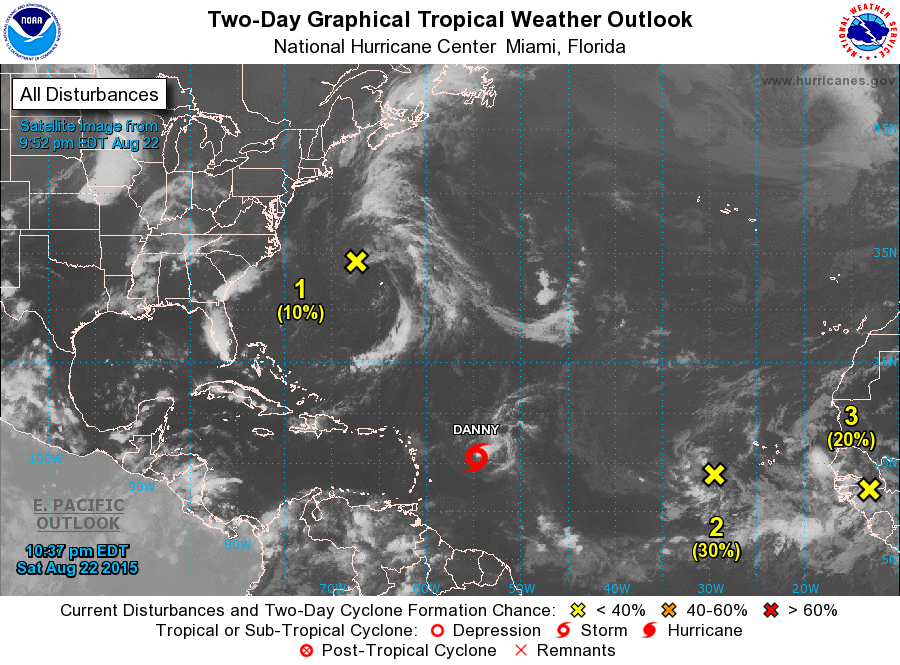
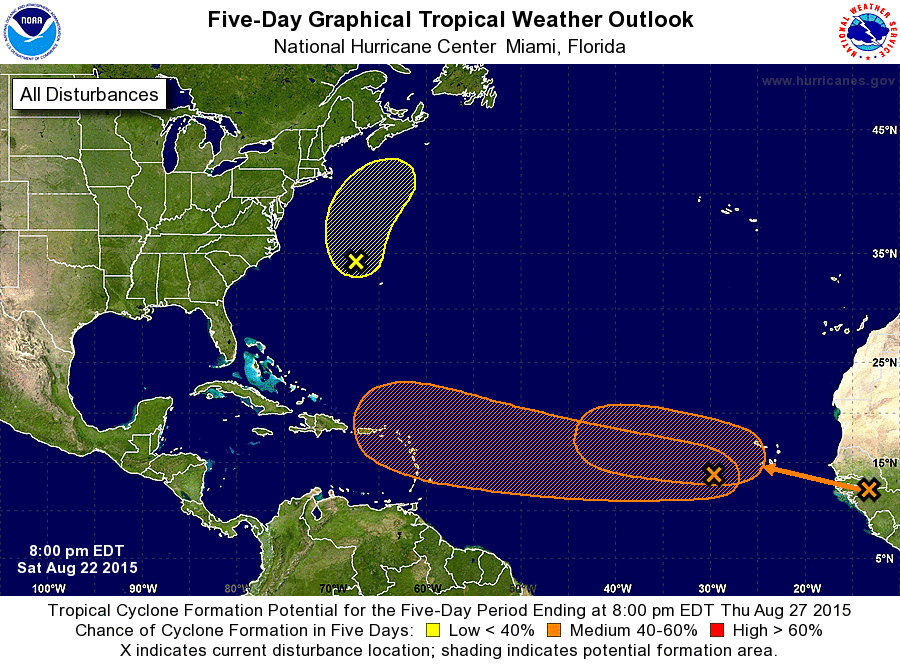
For the North Atlantic...Caribbean Sea and the Gulf of Mexico:

The National Hurricane Center is issuing advisories on Tropical Storm Danny, located over the central tropical Atlantic Ocean about 520 miles east-southeast of the Leeward Islands.

1. A broad low pressure area centered a couple of hundred miles northwest of Bermuda is producing disorganized shower activity. This system is expected to move northward and northeastward at 10 to 15 mph and merge with a frontal system over the next couple of days, and tropical or subtropical cyclone development appears unlikely.
* Formation chance through 48 hours...low...10 percent
* Formation chance through 5 days...low...10 percent

2. A tropical wave located over the eastern Atlantic a few hundred miles west-southwest of the Cape Verde Islands is currently producing only limited shower and thunderstorm activity. However, slow development of this system is possible during the next several days while the wave moves quickly westward at 20 to 25 mph over the tropical Atlantic Ocean.
* Formation chance through 48 hours...low...30 percent
* Formation chance through 5 days...medium...60 percent

3. Another tropical wave is expected to move off the west coast of Africa on Sunday. Environmental conditions appear conducive for development of this system while it moves westward over the eastern tropical Atlantic Ocean at 15 to 20 mph.
* Formation chance through 48 hours...low...20 percent
* Formation chance through 5 days...medium...40 percent

Forecaster Berg